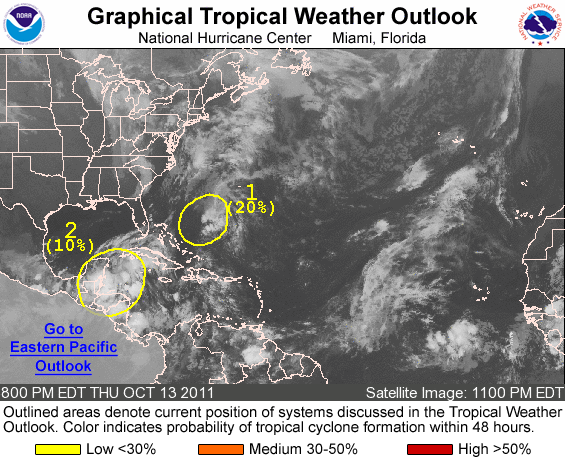
FOR THE NORTH ATLANTIC...CARIBBEAN SEA AND THE GULF OF MEXICO...

1. A WEAK SURFACE LOW CENTERED BETWEEN THE NORTHWESTERN BAHAMAS AND BERMUDA IS PRODUCING DISORGANIZED SHOWERS AND THUNDERSTORMS. THERE IS A STRONG LIKELIHOOD THAT THIS LOW COULD MERGE WITH A FRONTAL SYSTEM DURING THE NEXT DAY OR TWO AS IT MOVES TOWARD THE NORTHEAST AT 15 TO 20 MPH. THIS SYSTEM HAS A LOW CHANCE...20 PERCENT...OF BECOMING A TROPICAL CYCLONE DURING THE NEXT 48 HOURS.

2. SURFACE PRESSURES ARE FALLING IN THE NORTHWESTERN CARIBBEAN SEA...AND THERE HAS BEEN A SHARP INCREASE IN THUNDERSTORM ACTIVITY. THIS SYSTEM IS EXPECTED TO MOVE LITTLE...AND DEVELOPMENT...IF ANY...WILL BE SLOW TO OCCUR. REGARDLESS OF DEVELOPMENT...LOCALLY HEAVY RAINS WILL LIKELY CONTINUE OVER A LARGE PORTION OF CENTRAL AMERICA...CUBA AND ADJACENT ISLANDS DURING THE NEXT COUPLE OF DAYS RESULTING IN LIFE-THREATENING FLASH FLOODS AND MUD SLIDES. THIS SYSTEM HAS A LOW CHANCE...10 PERCENT...OF BECOMING A TROPICAL CYCLONE DURING THE NEXT 48 HOURS. THIS WEATHER PATTERN IS A COMMON OCCURRENCE IN THE WESTERN CARIBBEAN SEA DURING OCTOBER.

ELSEWHERE...TROPICAL CYCLONE FORMATION IS NOT EXPECTED DURING THE NEXT 48 HOURS.

FORECASTER AVILA/BERG